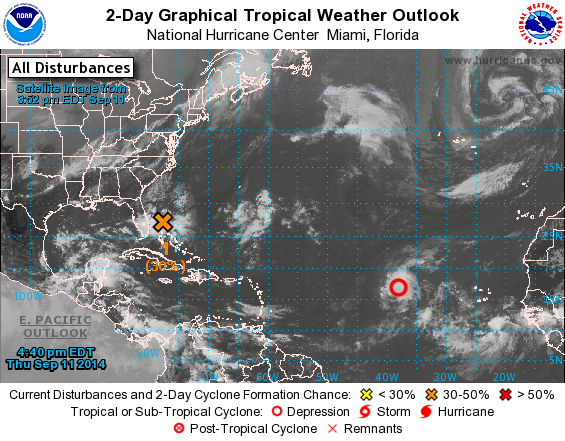
For the North Atlantic...Caribbean Sea and the Gulf of Mexico:

The national Hurricane Center is issuing advisories on newly developed Tropical Depression Six, located several hundred miles west of the Cape Verde Islands.

1. Shower activity associated with a low pressure area near the northwestern Bahamas has become more concentrated today, and the circulation of the low has become a little better defined. Some additional development could occur before upper-level winds become less conducive tonight. The low is expected to move generally westward across the southern Florida Peninsula into the eastern Gulf of Mexico during the next couple of days. Regardless of development, this low will bring locally heavy rains to portions of southern Florida and the Florida Keys during the next couple of days.
* Formation chance through 48 hours...medium...30 percent.
* Formation chance through 5 days...medium...30 percent.

Public Advisories on Tropical Depression Six are issued under WMO header WTNT31 KNHC and under AWIPS header MIATCPAT1. Forecast/Advisories on Tropical Depression Six are issued under WMO header WTNT21 KNHC and under AWIPS header MIATCMAT1.

Forecaster Beven